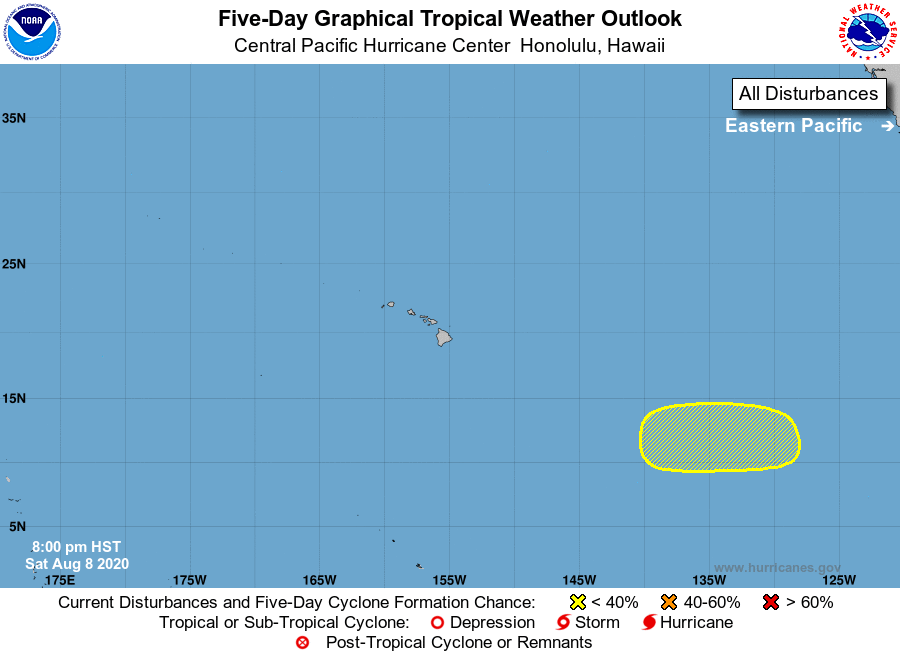
For the central North Pacific...between 140W and 180W:

1. An area of low pressure could form over the far western portion of the eastern Pacific basin or around 1500 miles southeast of Hilo, Hawaii later this week. Environmental conditions are expected to be generally conducive for development while the system moves slowly westward.
* Formation chance through 48 hours...low...near 0 percent.
* Formation chance through 5 days...low...20 percent.

Elsewhere, no tropical cyclones are expected during the next 5 days.

Forecaster Gibbs